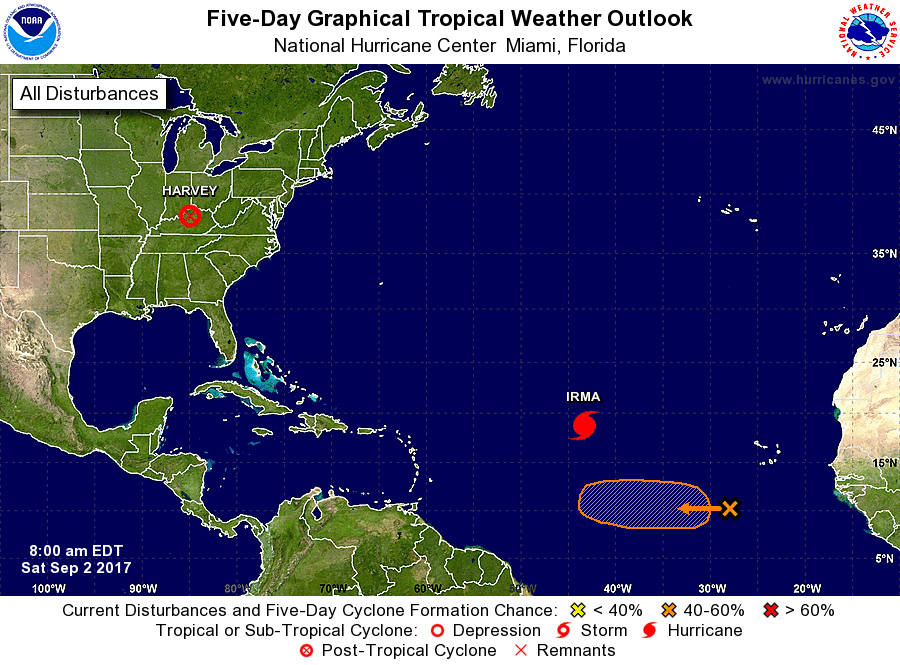
For the North Atlantic...Caribbean Sea and the Gulf of Mexico:

The National Hurricane Center is issuing advisories on Hurricane Irma, located over the central tropical Atlantic Ocean. The Weather Prediction Center is issuing advisories on Post-Tropical Cyclone Harvey, located over Kentucky.

1. Disorganized showers and thunderstorms located a few hundred miles southwest of the Cabo Verde Islands are associated with a tropical wave. Environmental conditions are expected to become more conducive for development in a couple of days, and this system could become a tropical depression early next week while it moves westward at 10 to 15 mph over the tropical Atlantic.
* Formation chance through 48 hours...low...near 0 percent.
* Formation chance through 5 days...medium...60 percent.

Forecaster Landsea